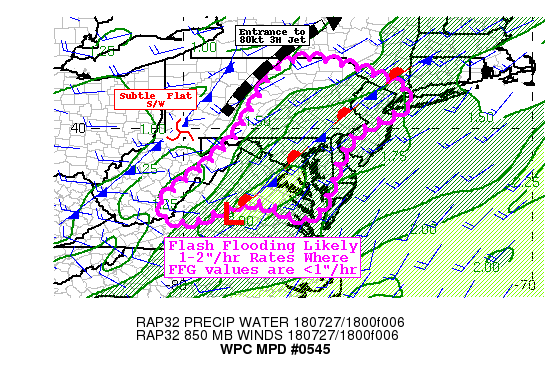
Areas affected...Eastern PA...NJ...DE...MD...DC...Northern
VA...Ext Eastern WV...Ext Southeast NY/NYC...

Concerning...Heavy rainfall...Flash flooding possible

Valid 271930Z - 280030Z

SUMMARY...Increasing moisture, convective converge into saturated
ground conditions leads to likely flash flooding this evening.

DISCUSSION...19z Surface analysis depicts a coastal stationary
front delineating mid-60s Tds to mid-70s Tds from FVX to DCA
through the Delaware Valley...this q-axis is demarcated by 1.75"
total PWATs currently.  A cold front is analyzed further west
crossing Western PA into W WV at this time, which matches up with
mid-level height falls with a shortwave/ entrance to the 80kt 3H
jet extending into the Northeast.  CIRA Layered PW shows a narrow
ribbon of increased mid-level moisture pooling in the vicinity
axis with total values near 1.5". Both the forcing/convergence and
the moisture will march eastward and continue to provide strong
ascent for a increasing coverage line of thunderstorms from
Central PA to S central WV.  As the mid-level moisture layer
advances...it will combine with the deeper low level tropical
moisture layer across the I-81 to I-95 corridors and further
enhance rainfall efficiency through a greater depth.  Mean cloud
bearing flow will support cells moving north-northeast in the line
but eastward propagation should limit, but not completely
eliminate repeat track of cores capable of 1.5"/hr increasing
toward 2"/hr as the moisture layers overlap, and total PWAT exceed
2".

To exacerbate flooding concerns, the area delineated remains very
wet with the vast majority of areas where FFG values remain below
1"/hr, which even in the weakest cells could be exceeded.
Additionally, there are some warm sector cells that have formed in
advance of the main forcing line across North Central VA and along
rivers/arms of the bay where sfc convergence is maximized.  Given
the deep moisture and slower mean cell motions prior to the main
forcing, some localized spots may exceed 2" prior to the main line
of 1-2" totals.